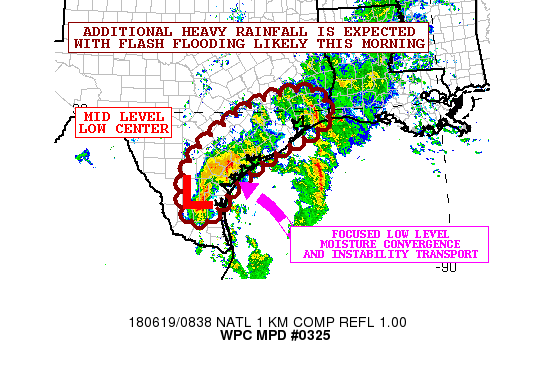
AREAS AFFECTED...SOUTH-CENTRAL TO SOUTHEAST TX

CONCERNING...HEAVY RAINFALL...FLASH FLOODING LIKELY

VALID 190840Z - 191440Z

SUMMARY...CONCENTRATED AREAS OF VERY HEAVY SHOWERS AND
THUNDERSTORMS WILL CONTINUE THROUGH THE MID MORNING HOURS WITH
FLASH FLOODING LIKELY.

DISCUSSION...GOES-16 10.3 MICRON/IR SATELLITE IMAGERY SHOWS
MULTIPLE CLUSTERS OF VERY COLD CONVECTIVE TOPS ACROSS
SOUTH-CENTRAL TX IN ASSOCIATION WITH VERY HEAVY SHOWERS AND
THUNDERSTORMS ORGANIZING NEAR AND JUST EAST OF THE RELATIVELY
COMPACT MID LEVEL LOW CENTER. IN FACT...THE CONVECTION IS IN THE
PROCESS OF BECOMING HIGHLY CONCENTRATED ACROSS REFUGIO AND GOLIAD
COUNTIES TO THE NORTH-NORTHEAST OF CORPUS CHRISTI WITH EVIDENCE OF
AN MCV SHOWING UP IN AREA DUAL-POL RADAR IMAGERY.
MEANWHILE...FARTHER NORTHEAST UP ALONG THE MIDDLE AND UPPER TX
COAST...THERE ARE MULTIPLE BANDS OF SOMEWHAT WARMER TOPPED
CONVECTION ADVANCING NORTHWEST IN OFF THE GULF OF MEXICO.

THE LARGER SCALE SET-UP ACROSS THE REGION REMAINS GENERALLY THE
SAME AS A FEW HOURS AGO...EXCEPT THE MID LEVEL LOW CENTER
CONTINUES TO TIGHTEN UP WITH STRONGER MID LEVEL FORCING AND ALSO
MORE PRONOUNCED LOW LEVEL BANDING ASSOCIATED WITH CONVERGENT FLOW
IN OFF THE WESTERN GULF OF MEXICO WHERE THE AIRMASS IS VERY MOIST
AND UNSTABLE. IN FACT...A WELL-DEFINED INSTABILITY GRADIENT IS
NOTED RIGHT ALONG THE IMMEDIATE TX COASTLINE WITH OFFSHORE MUCAPE
VALUES OF 2000+ J/KG.

PWATS REMAIN VERY HIGH AND GENERALLY BETWEEN 2.3 AND 2.5 INCHES
BASED ON HOURLY GPS-DERIVED DATA WHICH AGAIN WILL MAINTAIN HIGHLY
EFFICIENT RAINFALL PROCESSES FOR ENHANCED RAINFALL RATES AND
ESPECIALLY WITH THE CONCENTRATION OF MOISTURE SEEN IN THE 500/300
MB LAYER AS PER THE CIRA-LPW DATA. EXPECT RAINFALL RATES OF AS
MUCH AS 3 INCHES/HR LOCALLY AND ESPECIALLY WITH THE CONVECTION
TIED IN CLOSE TO THE MID LEVEL LOW CENTER THIS MORNING.

THE HRRR/HRRRX GUIDANCE SUPPORTS ADDITIONAL RAINFALL AMOUNTS OF 4
TO 6 INCHES ACROSS PORTIONS OF SOUTH-CENTRAL TX...WITH LESSER
AMOUNTS OF AS MUCH AS 3 TO 5 INCHES FARTHER UP THE COAST TOWARD
THE HOUSTON/GALVESTON METROPOLITAN AREA. GIVEN THESE AMOUNTS AND
SOME OF THE EARLIER HEAVY RAINS...FLASH FLOODING IS LIKELY.